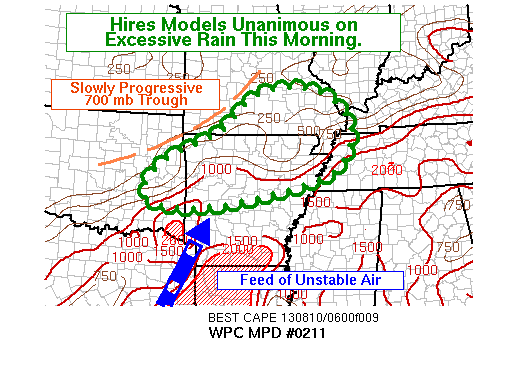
AREAS AFFECTED...EASTERN OK...NORTHERN AR...SOUTHERN MO...WESTERN
TN...FAR SOUTHWEST KY

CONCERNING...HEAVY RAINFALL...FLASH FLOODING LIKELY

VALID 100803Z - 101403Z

SUMMARY...SEVERAL HOURS OF WEST TO EAST TRAINING CONVECTION IS
LIKELY TO PRODUCE FLASH FLOODING. HIGH RESOLUTION MODELS ARE
UNUSUALLY UNANIMOUS IN PRODUCING PARTICULARLY HIGH RAIN TOTALS
OVER NORTHERN ARKANSAS...WHERE THE MOST SIGNIFICANT FLOODING COULD
OCCUR.

DISCUSSION...EVENING SOUNDINGS SHOWED AN ATMOSPHERE SIMILARLY
MOIST AND UNSTABLE TO THE SETUP FROM RECENT NIGHTS OF HEAVY RAIN.
ORGANIZED MODEST FORCING HAD BEGUN TO ACT ON THIS
ENVIRONMENT...AND RADAR TRENDS SHOWED SUBSTANTIAL COVERAGE OF
INTENSIFYING CELLS WITH HEAVY RAIN AT 0745Z. EARLIER INITIATION OF
STORMS OVER SOUTHWEST MO APPEARED LINKED TO A 700-500 MB SHORTWAVE
TROUGH. THIS ACTIVITY WI WILL FIND BETTER INFLOW OVER SOUTHEAST MO
WHERE ADDITIONAL CELLS WERE INITIATING IN RESPONSE TO WARM
ADVECTION. STORM CLUSTERS SHOULD MOVE SLOWLY THROUGH SOUTHERN
MO...WITH MDT/HVY RAIN RATES. GIVEN THE COMPROMISED SOILS AND
EFFICIENT WARM RAIN PROCESS SEEN IN FORECAST SOUNDINGS SOME LOCAL
FLASH FLOODING IS LIKELY. EVENTUALLY...HOWEVER...INFLOW MAY BE
CUTOFF BY THE GROWING EVENT IN OK/AR.

PER RAP FORECASTS...A SLOW MOVING 700 MB TROUGH WILL COINCIDE WITH
CONVERGENCE AT THE NOSE OF THE 850 MB JET...ALSO COINCIDENT WITH
THE LEADING EDGE OF HIGHER MUCAPE VALUES. RADAR HAD BEGUN TO TELL
THE STORY OF CELLS INITIATING NEAR THE 700 MB TROUGH IN EASTERN OK
AND THEN BLOSSOMING AS THEY ENCOUNTER MORE FAVORABLE INFLOW/CAPE
COMBINATION OVER NORTHERN AR. A SIGNIFICANT AMOUNT OF TRAINING
SHOULD RESULT THROUGH 09-11Z...WITH PERHAPS MORE PROPAGATION TO
THE SOUTH AND EAST TOWARD INTERSTATE 40 LATER ON AS COLD POOLS
GROW.

SIMILAR ENVIRONMENTS IN RECENT NIGHTS HAVE BEEN SUPPORTIVE OF AT
LEAST 1.5-2" PER HOUR RATES...WITH A QUICK 3-4" POSSIBLE WHEREVER
2 OR 3 ROUNDS TRAIN OVER A LOCATION. THE 00Z HIGH RESOLUTION MODEL
SUITE WAS UNUSUALLY UNANIMOUS IN PAINTING A BROAD SWATH OF
EXCESSIVE TOTALS HERE THROUGH MORNING...GENERALLY IN THE NORTHERN
3 ROWS OF COUNTIES IN AR. THIS CONSENSUS MAY SPEAK TO THE
DEFINITION OF THE FORCING MECHANISMS AND EFFICIENCY OF THE
ENVIRONMENT.